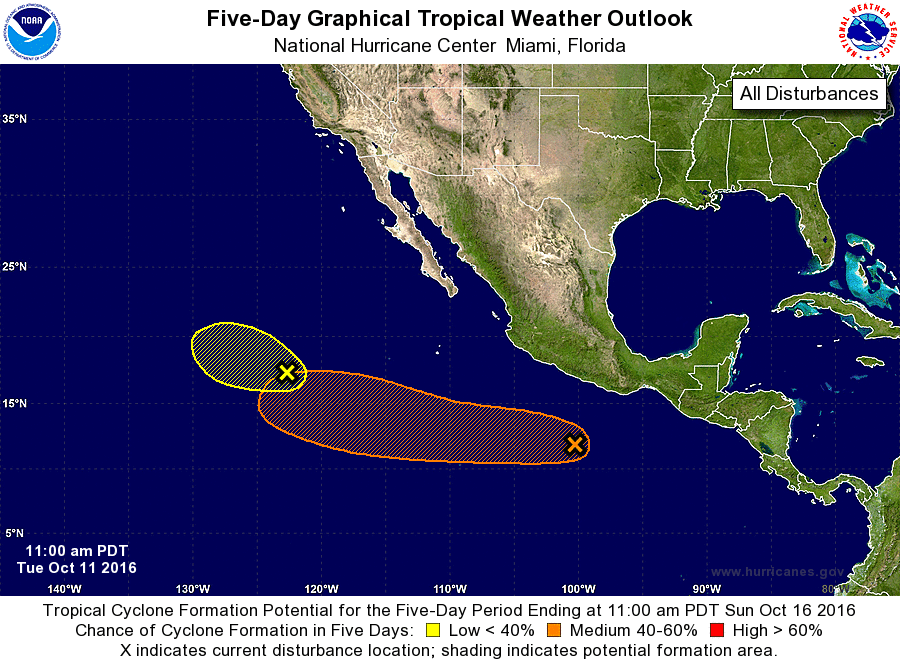
For the eastern North Pacific...east of 140 degrees west longitude:

1. Showers and thunderstorms continue near a low pressure area centered about 925 miles west-southwest of the southern tip of the Baja California peninsula. Although environmental conditions are becoming less favorable for development, this low still has some potential to become a tropical depression during the next couple of days before it moves west-northwestward over cooler waters.
* Formation chance through 48 hours...low...30 percent
* Formation chance through 5 days...low...30 percent

2. Disorganized showers and thunderstorms located a few hundred miles south of Acapulco, Mexico, are associated with a broad area of low pressure. Environmental conditions are expected to be generally conducive for development, and a tropical depression could form by the weekend while the low moves westward well to the southwest of mainland Mexico.
* Formation chance through 48 hours...low...20 percent
* Formation chance through 5 days...medium...60 percent

Forecaster Blake